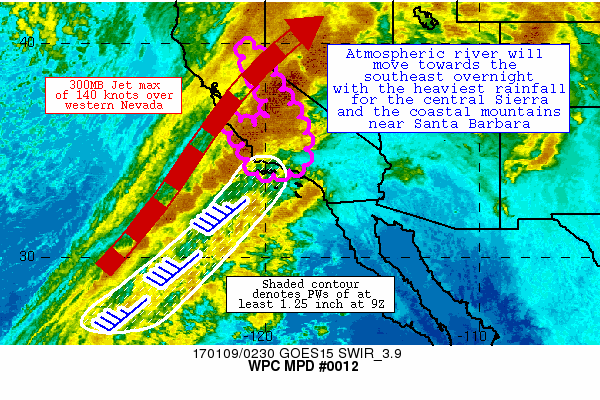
AREAS AFFECTED...SOUTH-CENTRAL CALIFORNIA

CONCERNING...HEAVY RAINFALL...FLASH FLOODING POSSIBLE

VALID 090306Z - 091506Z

SUMMARY...THE MAIN ATMOSPHERIC RIVER PLUME WILL NOW BEGIN SHIFTING
FARTHER TOWARDS THE SOUTHEAST OVERNIGHT.  THE DEEP MOISTURE FLUX
ALONG WITH SOME INSTABILITY WILL SUPPORT RAINFALL RATES OF 0.5 TO
LOCALLY 1 INCH PER HOUR WITH FLASH FLOODING POSSIBLE IN BURN SCAR
AND OTHER SUSCEPTIBLE AREAS.

DISCUSSION...A DEEP SURGE OF PACIFIC MOISTURE IS ADVECTING TOWARDS
THE SOUTH-CENTRAL CALIFORNIA COAST WITH A SUBTROPICAL CONNECTION.
PRECIPITABLE WATER STANDARDIZED ANOMALIES APPROACHING +3 ARE
CURRENTLY INDICATED BY THE GEFS MEAN, WITH A PLUME OF 1.25 TO 1.50
INCH PWS SUGGESTED BY THE LATEST RAP GUIDANCE DIRECTED TOWARDS THE
COAST NEAR SANTA BARBARA DURING THE OVERNIGHT PERIOD.  A PROLONGED
FETCH OF 35 TO 50 KNOT 850MB FLOW ORIENTED ORTHOGONAL TO THE
TERRAIN, ALONG WITH THE ANOMALOUS PWS, WILL BE QUITE FAVORABLE FOR
PERIODS OF HEAVY RAINFALL.  ALTHOUGH THIS IS A SLIGHT DECREASE
COMPARED TO WHAT WAS OBSERVED EARLIER ON SUNDAY, IT IS STILL
SIGNIFICANT.  THE PRESENCE OF MODEST 100-250 J/KG MUCAPE OFFSHORE
MAY SUPPORT SOME CONVECTIVE ELEMENTS WITHIN THIS PLUME OF
MOISTURE, WHERE RATES COULD REACH ONE INCH PER HOUR WITH FLASH
FLOODING POSSIBLE.  A FAVORABLE CYCLONICALLY CURVED UPPER LEVEL
JET STRUCTURE WITH RIGHT ENTRANCE DYNAMICS AND POSITIVE VORTICITY
ADVECTION WILL AID IN SUSTAINING THE ASCENT AND HEAVY RAIN.

AN AGGRAVATING FACTOR IN THE FLOODING POTENTIAL WITH THIS EVENT
WILL BE THE ABNORMALLY HIGH SNOW LEVELS ACROSS THE SIERRA NEVADA
RANGE, APPROACHING 9000 TO 10000 FEET BEFORE THE COLD FRONT PASSES
THROUGH AROUND 12Z MONDAY.  HEAVY RAIN FALLING OVER A DENSE SNOW
COVER FROM THE EVENT LAST WEEK WILL LEAD TO SOME SNOW MELT THAT
WILL LOCALLY ENHANCE RUN-OFF PROBLEMS AND THUS THE POSSIBILITY OF
LOCALIZED FLASH FLOODING DOWNSTREAM OF THESE AREAS.

THE LATEST HI-RES GUIDANCE IS INDICATING 2 TO LOCALLY 4 INCHES OF
RAINFALL BY 15Z MONDAY, WITH SOME ADDITIONAL RAINFALL AFTER THIS
TIME.  THE HIGHEST AMOUNTS ARE EXPECTED FOR THE SOUTHERN COASTAL
RANGES, TRANSVERSE RANGES, AND THE WESTERN SLOPES OF THE SIERRA
NEVADA.  THE PLACES WITH GREATEST RUN-OFF CONCERNS WOULD BE RECENT
BURN-SCAR AREAS AND THOSE LOCATIONS THAT RECEIVED APPRECIABLE
RAINFALL OVER THE PAST COUPLE OF DAYS.